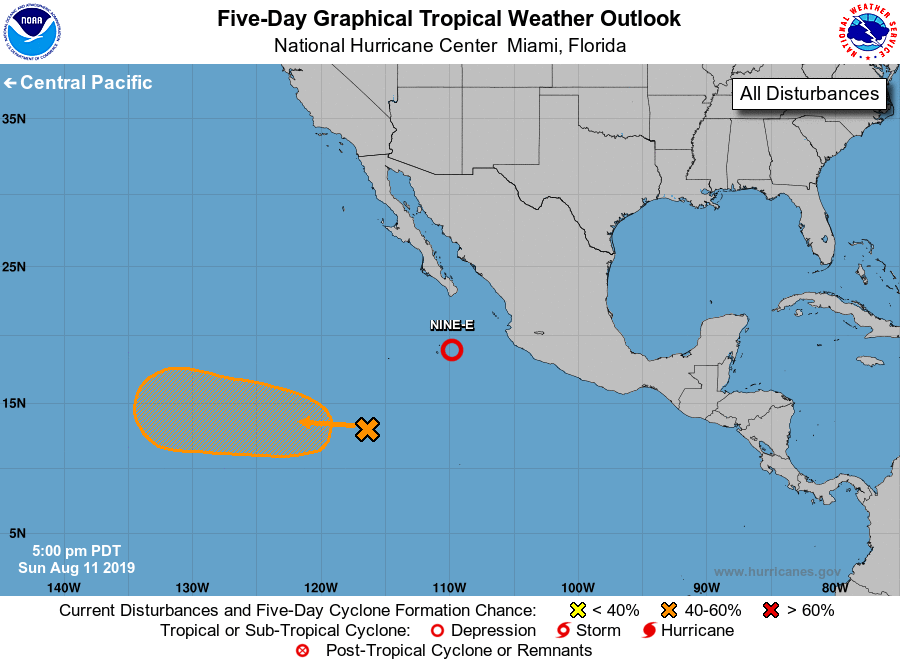
For the eastern North Pacific...east of 140 degrees west longitude:

1. Thunderstorm activity has become more concentrated near the center of a small low pressure system located a few hundred miles south of the southern tip of the Baja California peninsula. Satellite images also indicate that the low is gradually becoming better defined. If this recent development trend continues, then advisories could be initiated on a tropical depression or a tropical storm later tonight while the disturbance moves generally west-northwestward, away from the coast of Mexico. Environmental conditions are expected to become unfavorable for significant development by early Tuesday.
* Formation chance through 48 hours...medium...60 percent.
* Formation chance through 5 days...medium...60 percent.

2. An area of disturbed weather located about 1000 miles southwest of the Baja California peninsula remains disorganized. Environmental conditions are expected to become gradually more conducive for tropical cyclone formation by the middle of the week while the system moves west-northwestward at 10 to 15 mph.
* Formation chance through 48 hours...low...near 0 percent.
* Formation chance through 5 days...medium...50 percent.

Forecaster Stewart